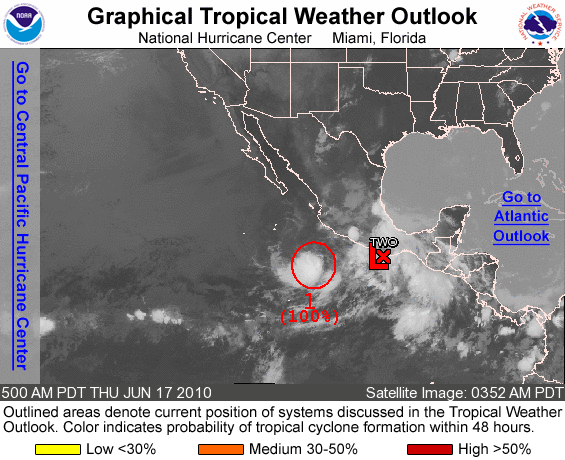
FOR THE EASTERN NORTH PACIFIC...EAST OF 140 DEGREES WEST LONGITUDE..

THE NATIONAL HURRICANE CENTER IS ISSUING ADVISORIES ON TROPICAL DEPRESSION TWO-E LOCATED ABOUT 65 MILES SOUTHEAST OF PUNTO MALDONADO MEXICO.

1. AN AREA OF LOW PRESSURE LOCATED ABOUT 300 MILES SOUTH OF MANZANILLO MEXICO CONTINUES TO BECOME BETTER ORGANIZED. IF CURRENT DEVELOPMENT TRENDS CONTINUE...TROPICAL CYCLONE ADVISORIES WILL BE INITIATED LATER THIS MORNING. THERE IS A HIGH CHANCE...NEAR 100 PERCENT...OF THIS SYSTEM BECOMING A TROPICAL CYCLONE DURING THE NEXT 48 HOURS AS IT MOVES LITTLE.

ELSEWHERE...TROPICAL CYCLONE FORMATION IS NOT EXPECTED DURING THE NEXT 48 HOURS.

PUBLIC ADVISORIES ON TROPICAL DEPRESSION TWO-E ARE ISSUED UNDER WMO HEADER WTPZ32 KNHC AND UNDER AWIPS HEADER MIATCPEP3. FORECAST/ADVISORIES ARE ISSUED UNDER WMO HEADER WTPZ22 KNHC AND UNDER AWIPS HEADER MIATCMEP2.

FORECASTER BLAKE